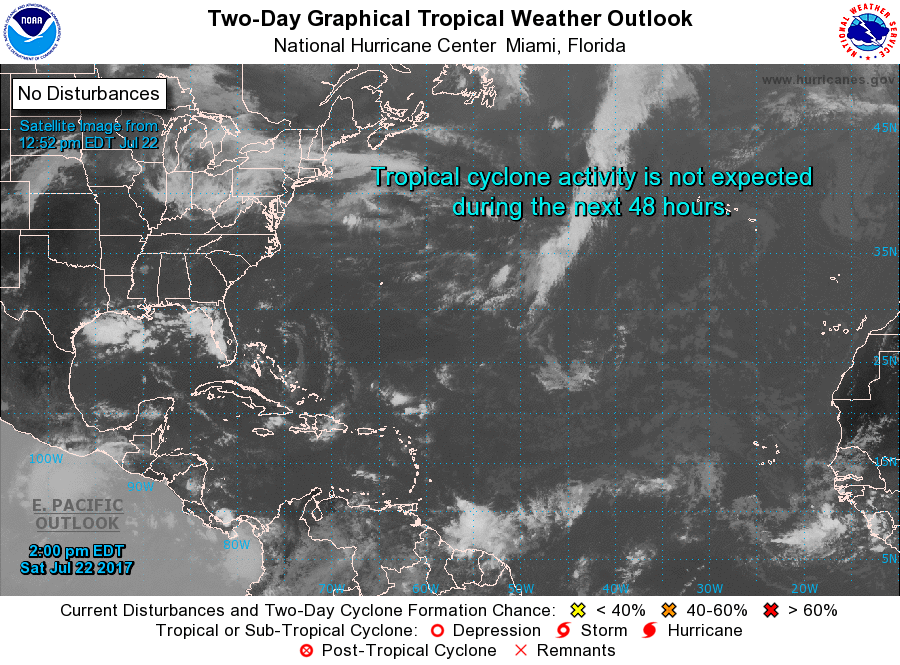
For the North Atlantic...Caribbean Sea and the Gulf of Mexico:

Tropical cyclone formation is not expected during the next 5 days.

Forecaster Avila